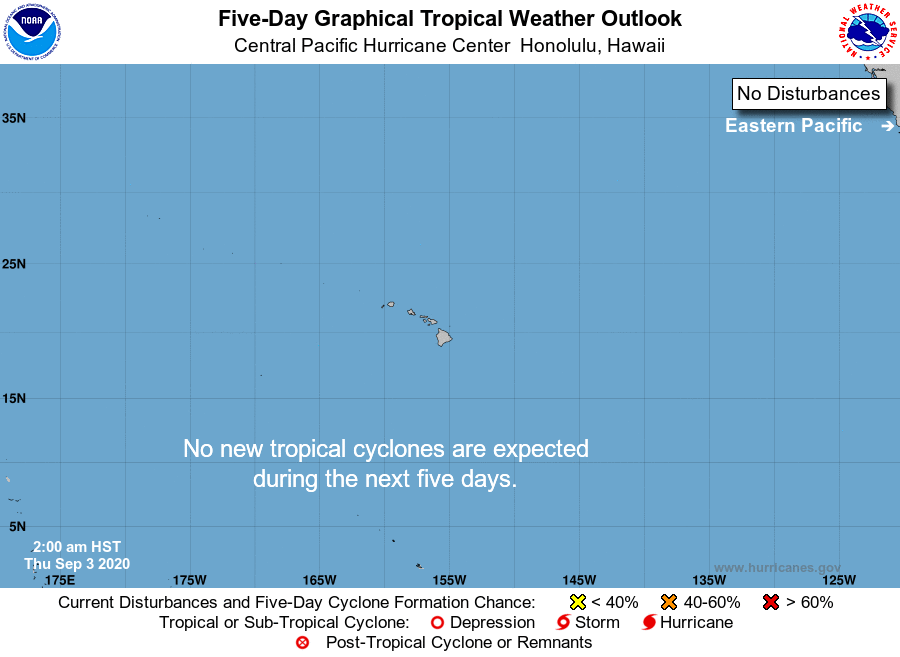
For the central North Pacific...between 140W and 180W:

No tropical cyclones are expected during the next 5 days.

Forecaster Lau